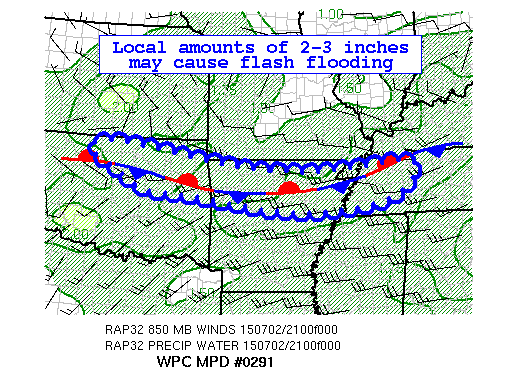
AREAS AFFECTED...NORTHEASTERN OK...NORTHERN AR...FAR SOUTHWESTERN
MO...EASTERN TN

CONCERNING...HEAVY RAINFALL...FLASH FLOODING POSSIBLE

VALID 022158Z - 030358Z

SUMMARY...BACKBUILDING/TRAINING CONVECTION ALONG A SLOW MOVING
FRONTAL BOUNDARY MAY PRODUCE LOCAL AMOUNTS OF 2-3 INCHES..WHICH
MAY CAUSE FLASH FLOODING

DISCUSSION...THE LATEST HI-RES GUIDANCE CONTINUES TO SHOW
CONVECTION DEVELOPING OVER THE NEXT SEVERAL HOURS FROM EASTERN TN
BACK ACROSS NORTHERN AR..ALONG AN EAST-WEST ORIENTED FRONTAL
BOUNDARY EXTENDING ACROSS THE REGION.  THE LATEST MESOANALYSIS
SHOWS MUCAPE VALUES OF 3000-4000 J/KG AND PWS OF 1.7-1.9 INCHES
ALONG THE BOUNDARY.  A SHORTWAVE TROUGH DIGGING SOUTHEASTWARD
THROUGH THE CENTRAL PLAINS-MID MS VALLEY IS EXPECTED TO PROVIDE
THE SYNOPTIC SCALE ASCENT NECESSARY FOR CONTINUED DEVELOPMENT
THROUGH THE EVENING.

THE LATEST RAP SHOWS A PERSISTENT WESTERLY LOW JET MAINTAINING PWS
OF 1.75-2 INCHES ALONG THE BOUNDARY THROUGH THE EVENING HOURS.
THE COMBINATION OF PERSISTENT MOIST LOW LEVEL INFLOW AND UPPER
LEVEL DIFFLUENCE IS EXPECTED TO SUPPORT BACKBUILDING CONVECTION
AND THE POTENTIAL FOR DOWNSTREAM TRAINING. OVER THE NEXT SEVERAL
HOURS...MOST OF THE HI-RES GUIDANCE AGREES THAT LOCALLY HEAVY
AMOUNTS ON THE ORDER OF 1-2 INCHES ARE POSSIBLE ACROSS PORTIONS OF
NORTHERN AR TO EASTERN TN.  MEANWHILE CONVECTION NOW DEVELOPING
OVER SOUTHEASTERN KS AND NORTHEASTERN OK IS EXPECTED TO FILL IN
ALONG THE WESTERN FLANK OF THE BOUNDARY EXTENDING ACROSS OK.  MUCH
OF THE HI-RES GUIDANCE SHOWS A PERIOD OF BACKBUILDING/TRAINING
HERE AS WELL...BEFORE THE DEVELOPING COLD POOLS ENCOURAGE
CONVECTION FURTHER TO THE SOUTH INTO SOUTHEASTERN OK.  HI-RES
CONSENSUS IS FOR SOME HEAVIER AMOUNTS ON THE ORDER OF 2-3 INCHES
ACROSS NORTHEASTERN OK.

THE LATEST ONE AND THREE HOUR FLASH FLOOD GUIDANCE VALUES SUGGEST
THE GREATER POTENTIAL FOR FLASH FLOODING CENTERS OVER NORTHERN AR
TO EASTERN TN..WHERE THE VALUES ARE RELATIVELY LOWER.
HOWEVER..EVEN FURTHER TO THE WEST WHERE VALUES ARE RELATIVELY
HIGHER..LOCAL RAINFALL RATES MAY APPROACH THE LATEST FLASH FLOOD
GUIDANCE VALUES.